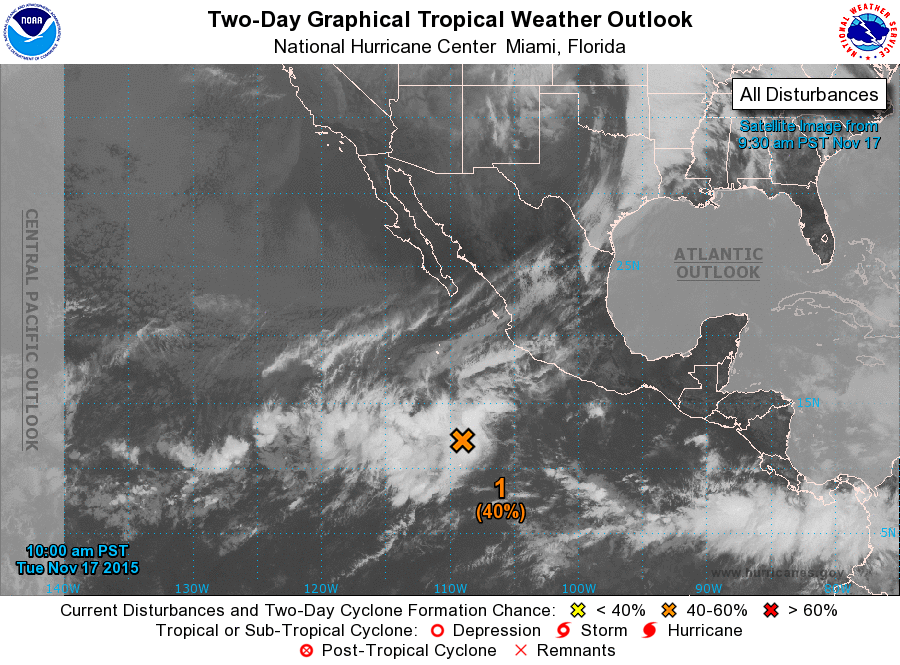
For the eastern North Pacific...east of 140 degrees west longitude:

1. Widespread shower and thunderstorm activity associated with an elongated area of low pressure extending from several hundred miles south to southwest of the southern tip of the Baja California peninsula has increased and become more concentrated since yesterday. Environmental conditions are conducive for development through late this week, and a tropical depression is likely to form during the next few days while this system moves west-northwestward to northwestward.
* Formation chance through 48 hours...medium...40 percent
* Formation chance through 5 days...high...70 percent

Forecaster Kimberlain